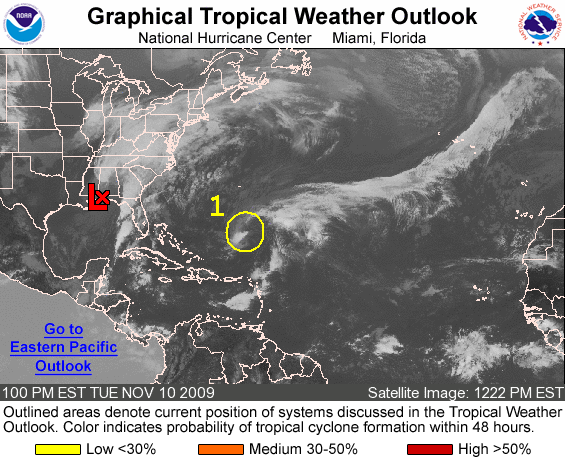
FOR THE NORTH ATLANTIC...CARIBBEAN SEA AND THE GULF OF MEXICO...

THE NATIONAL HURRICANE CENTER HAS ISSUED THE LAST ADVISORY ON IDA...LOCATED ABOUT 50 MILES EAST-SOUTHEAST OF MOBILE ALABAMA. FUTURE INFORMATION ON THIS SYSTEM CAN BE FOUND IN PUBLIC ADVISORIES ISSUED BY THE HYDROMETEOROLOGICAL PREDICTION CENTER...UNDER AWIPS HEADER TCPAT1 AND WMO HEADER WTNT31 KWNH...BEGINNING AT 3 PM CST.

1. A NON-TROPICAL LOW PRESSURE AREA OVER THE CENTRAL ATLANTIC OCEAN LOCATED ABOUT 500 MILES SOUTH-SOUTHEAST OF BERMUDA IS PRODUCING GALE FORCE WINDS. ANY DEVELOPMENT OF THIS SYSTEM WILL LIKELY BE SLOW TO OCCUR AS IT MOVES GENERALLY WEST-NORTHWESTWARD AT 10 TO 15 MPH OVER THE NEXT COUPLE OF DAYS. THERE IS A LOW CHANCE...LESS THAN 30 PERCENT...OF THIS SYSTEM BECOMING A TROPICAL OR SUBTROPICAL CYCLONE DURING THE NEXT 48 HOURS.

ADDITIONAL INFORMATION ON THIS SYSTEM CAN BE FOUND IN HIGH SEAS FORECASTS ISSUED BY THE NATIONAL WEATHER SERVICE...UNDER AWIPS HEADER NFDHSFAT1 AND WMO HEADER FZNT01 KWBC.

ELSEWHERE...TROPICAL CYCLONE FORMATION IS NOT EXPECTED DURING THE NEXT 48 HOURS.

FORECASTER CANGIALOSI/BLAKE